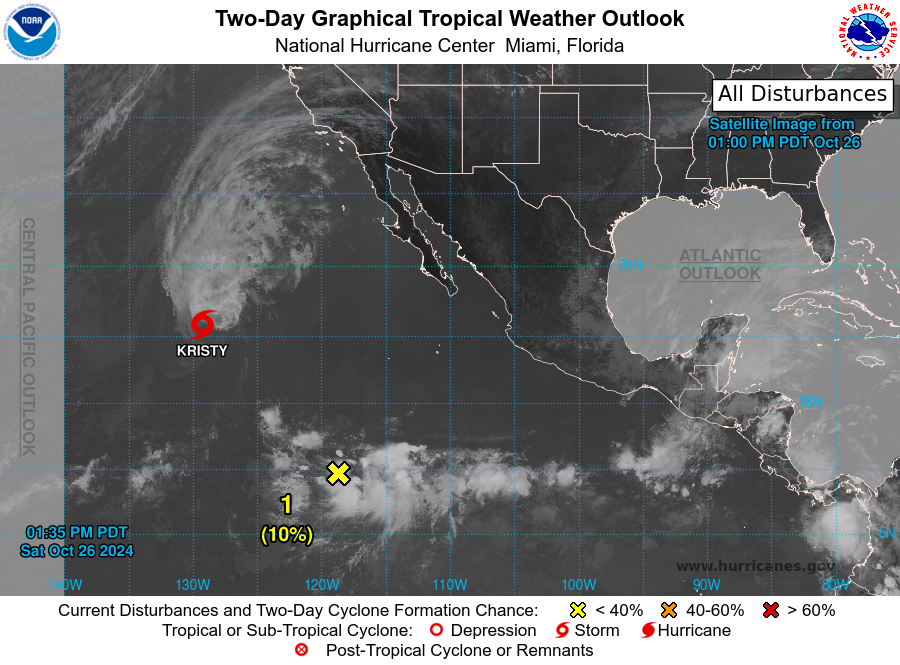
For the eastern North Pacific...east of 140 degrees west longitude:

Active Systems: The National Hurricane Center is issuing advisories on Hurricane Kristy, located over the western portion of the eastern Pacific basin.

1. Western East Pacific: A large area of disorganized showers and thunderstorms is currently located well to the southwest of the southwestern tip of the Baja California peninsula. Environmental conditions appear conducive for gradual development, and a tropical depression could form by the early to middle part of next week while the system moves westward or west-northwestward at about 15 mph. This system is expected to move into the central Pacific basin on Wednesday or Thursday.
* Formation chance through 48 hours...low...10 percent.
* Formation chance through 7 days...medium...60 percent.

Forecaster Kelly